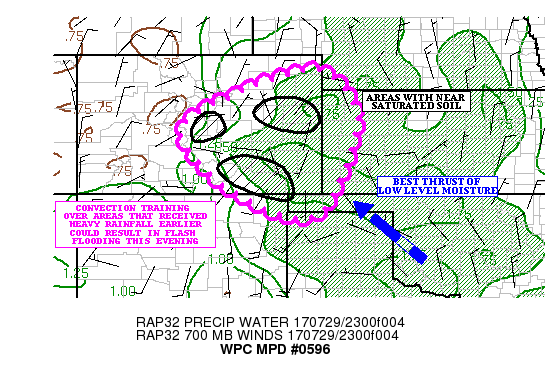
AREAS AFFECTED...FAR NORTHEAST NM...EASTERN CO...WESTERNMOST OK
PANHANDLE

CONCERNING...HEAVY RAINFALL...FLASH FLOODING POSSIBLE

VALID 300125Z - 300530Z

SUMMARY...CONVECTION TRAINING OVER AREAS WITH HEAVY RAINFALL OVER
THE PAST FEW DAYS COULD RESULT IN A FLASH FLOOD THREAT THROUGH THE
LATE EVENING HOURS.

DISCUSSION...REGIONAL RADARS SHOWED A GRADUAL INCREASE IN
CONVECTIVE COVERAGE OVER EASTERN CO LATE THIS AFTERNOON. THE
EXPERIMENTAL GOES-16 IR CLEAN LOOP SHOWED COOLING CLOUD TOPS
ACROSS SOUTHEAST CO IN THE PRESENCE OF 500-1000 J/KG OF SBCAPE
(BASED ON 30/00Z SOUNDINGS FROM KDNR AND KDDC).

A 15 TO 20 KNOT LOW LEVEL SOUTHEAST FLOW ORIGINATING OVER THE
SOUTHERN PLAINS IS TRANSPORTING 1.25/1.50 INCH PRECIPITABLE WATER
(THE PRECIPITABLE WATER VALUE WAS 1.64 INCHES ON THE 30/00Z DDC
SOUNDING). THE DEEPENING MOISTURE IS SUPPLYING THE DEVELOPING
CONVECTION OVER SOUTHEAST CO...
AND THE KPUX RADAR SHOWED HOURLY RAINFALL RATES NEAR 1.50
INCHES...BUT THE PRESENCE OF HAIL MAY BE RESULTING IN AN
OVERESTIMATION OF THE HOURLY RATES.

THE MID LEVEL FLOW IS GENERALLY SOUTHWEST AT 10 TO 15 KNOT...AND
AS PROPAGATION VECTORS BECOME BETTER ALIGNED WITH THE 850-300 MB
MEAN LAYER WIND...THE POTENTIAL FOR TRAINING INCREASES WITH TIME.
THE MOST RECENT HRRR RUN SHOWED THE POTENTIAL FOR LOCAL 2.00-3.00
INCH RAINFALL AMOUNTS... WITH THE HIGHEST AMOUNTS ACROSS FAR
SOUTHEAST CO.

THE MOST RECENT HRRR PERCENT OF SOIL SATURATION PRODUCT SHOWED
AREAS WITH WET SOILS OVER PORTIONS OF EASTERN CO...AND AS THE
CONVECTION PASSES OVER THESE AREAS...THE THREAT FOR FLASH FLOODING
IS ENHANCED.